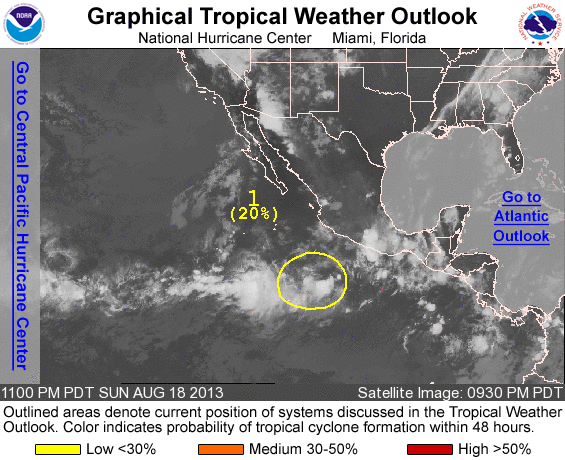
FOR THE EASTERN NORTH PACIFIC...EAST OF 140 DEGREES WEST LONGITUDE..

1. SHOWERS AND THUNDERSTORMS ASSOCIATED WITH A BROAD AREA OF LOW PRESSURE LOCATED SEVERAL HUNDRED MILES SOUTHWEST OF ACAPULCO MEXICO HAVE INCREASED A LITTLE THIS EVENING. ENVIRONMENTAL CONDITIONS ARE CONDUCIVE FOR GRADUAL DEVELOPMENT OF THIS SYSTEM...AND A TROPICAL DEPRESSION COULD FORM AROUND MIDWEEK. THIS SYSTEM HAS A LOW CHANCE...20 PERCENT...OF BECOMING A TROPICAL CYCLONE DURING THE NEXT 48 HOURS...BUT A HIGH CHANCE...80 PERCENT...OF BECOMING A TROPICAL CYCLONE DURING THE NEXT FIVE DAYS WHILE IT MOVES NORTHWESTWARD AND THEN NORTH-NORTHWESTWARD.

OTHER SYSTEMS WITH FORMATION POTENTIAL BEYOND 48 HOURS...

A LOW PRESSURE AREA COULD FORM WELL SOUTH-SOUTHWEST OF THE SOUTHERN TIP OF THE BAJA CALIFORNIA PENINSULA IN A FEW DAYS. SOME SLOW DEVELOPMENT OF THIS SYSTEM IS POSSIBLE LATER IN THE WEEK. THIS SYSTEM HAS A LOW CHANCE...NEAR 0 PERCENT...OF BECOMING A TROPICAL CYCLONE DURING THE NEXT 48 HOURS...AND A LOW CHANCE...20 PERCENT... OF BECOMING A TROPICAL CYCLONE DURING THE NEXT 5 DAYS WHILE IT REMAINS NEARLY STATIONARY.

FIVE-DAY FORMATION PROBABILITIES ARE EXPERIMENTAL IN 2013. COMMENTS ON THE EXPERIMENTAL FORECASTS CAN BE PROVIDED AT...

HTTP://WWW.NWS.NOAA.GOV/SURVEY/NWS-SURVEY.PHP?CODE=ETWO

FORECASTER KIMBERLAIN